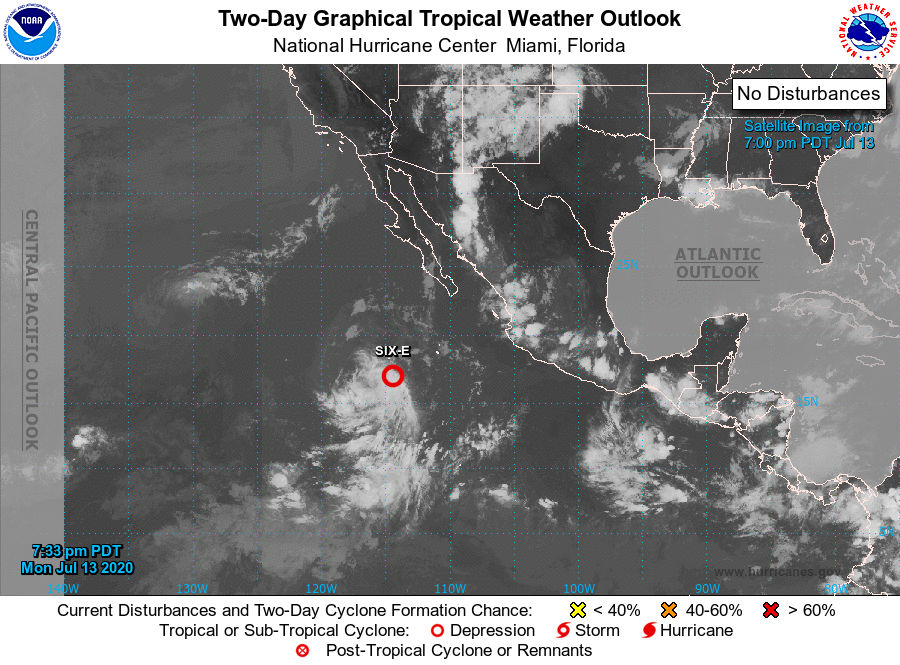
For the eastern North Pacific...east of 140 degrees west longitude:

The National Hurricane Center is issuing advisories on newly- developed Tropical Depression Six-E, located several hundred miles south-southwest of the southern tip of the Baja California Peninsula.

Tropical cyclone formation is not expected during the next 5 days.

&&
Public Advisories on Tropical Depression Six-E are issued under WMO header WTPZ31 KNHC and under AWIPS header MIATCPEP1. Forecast/Advisories on Tropical Depression Six-E are issued under WMO header WTPZ21 KNHC and under AWIPS header MIATCMEP1.

Forecaster Beven